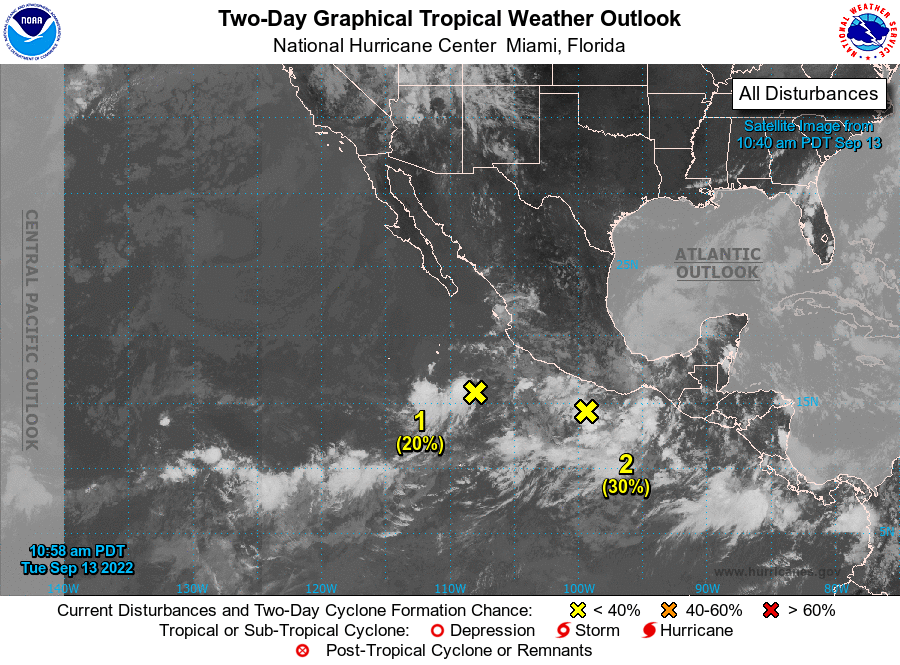
For the eastern North Pacific...east of 140 degrees west longitude:

1. Southwest of southwestern Mexico: Shower and thunderstorm activity associated with a small area of low pressure located a few hundred miles southwest of Manzanillo, Mexico has increased some since this morning. Although environmental conditions appear marginally favorable, some slight additional development is possible during the next day or so before it likely merges with the disturbance to its east.
* Formation chance through 48 hours...low...20 percent.
* Formation chance through 5 days...low...20 percent.

2. Near the coast of southern Mexico: A trough of low pressure located along the coast of southern Mexico continues to produce disorganized cloudiness and thunderstorms. This system is forecast to merge with the disturbance off the southwestern coast of Mexico around midweek or possibly develop as a separate system. Environmental conditions are expected to become more conducive for development by the middle part of the week. Consequently, a tropical depression is likely to form toward the end of the week while it moves slowly westward near the coast of southern and southwestern Mexico.
* Formation chance through 48 hours...low...30 percent.
* Formation chance through 5 days...high...80 percent.

Forecaster Roberts/Brown/Pasch